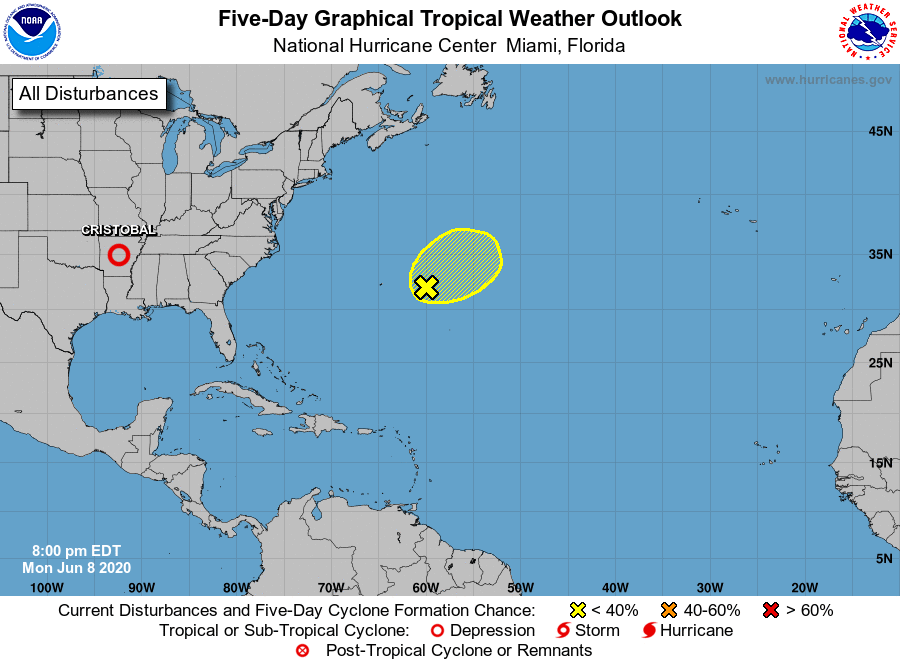
For the North Atlantic...Caribbean Sea and the Gulf of Mexico:

The Weather Prediction Center is issuing advisories on Tropical Depression Cristobal, centered inland over Arkansas.

1. A non-tropical area of low pressure is expected to form in a day or so over the central Atlantic Ocean a few hundred miles east-northeast of Bermuda. Development of this system as a subtropical cyclone appears unlikely due to unfavorable environmental conditions.
* Formation chance through 48 hours...low...10 percent.
* Formation chance through 5 days...low...10 percent.

Public Advisories issued by the Weather Prediction Center on Tropical Depression Cristobal can be found under AWIPS header TCPAT3, WMO header WTNT33 KWNH, and on the web at http://www.wpc.ncep.noaa.gov.

Forecaster Pasch